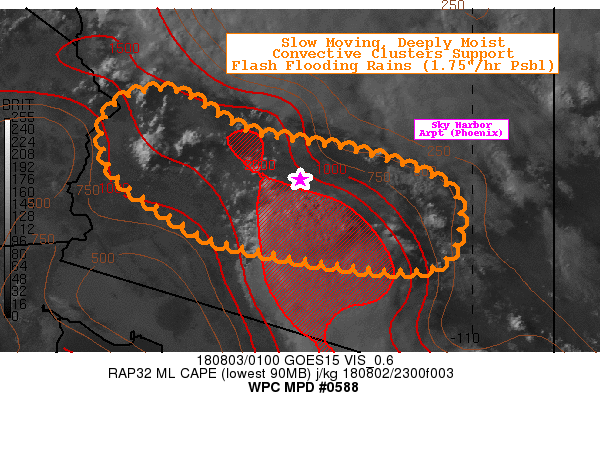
Areas affected...Sun Valley/Sonoran Deserts of AZ...

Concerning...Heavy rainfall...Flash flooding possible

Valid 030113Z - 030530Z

SUMMARY...Highly unstable, deep moisture and slow convergent cell
motions support flash flooding threat across Sonoran Desert into
Sun Valley.

DISCUSSION...Temps AoA 105-110F and Tds in the low 60s support,
RAP analysis depicting highly unstable corridor of uncapped
MLCAPEs reaching 2000-3000 J/kg across the northern and eastern
Sonoran Desert. A broad area of enhanced CU with some TCU across
La Paz county as well as into N Pinal along the NE periphery of
strong but slow moving convective complex just north of I-8 west
of I-10.  This later complex rapidly developed with the help of
the instability and resides within deeper moisture pool with total
PWATs up to 1.75" per 00z soundings and RAP analysis. Suggesting
highly efficient rainfall production for cells developing.  Given
proximity to mean deep layer anticyclone over SE AZ/SW NM...cell
motions are generally weak or suggest a southwesterly component
that would advance toward the Sun Valley with general convergence.
 Rain rates up to 1.75" are possible leading to flash flooding
conditions, though the overall coverage should be scattered.  The
only exception to this may result from converging outflow
boundaries falling off the San Francisco Plateau/Mogollon Rim
helping to enhance broader pockets of enhanced overturning that
could collapse quickly for a larger area of heavy rainfall
increasing localized flash flooding threat in common drainage
basins.